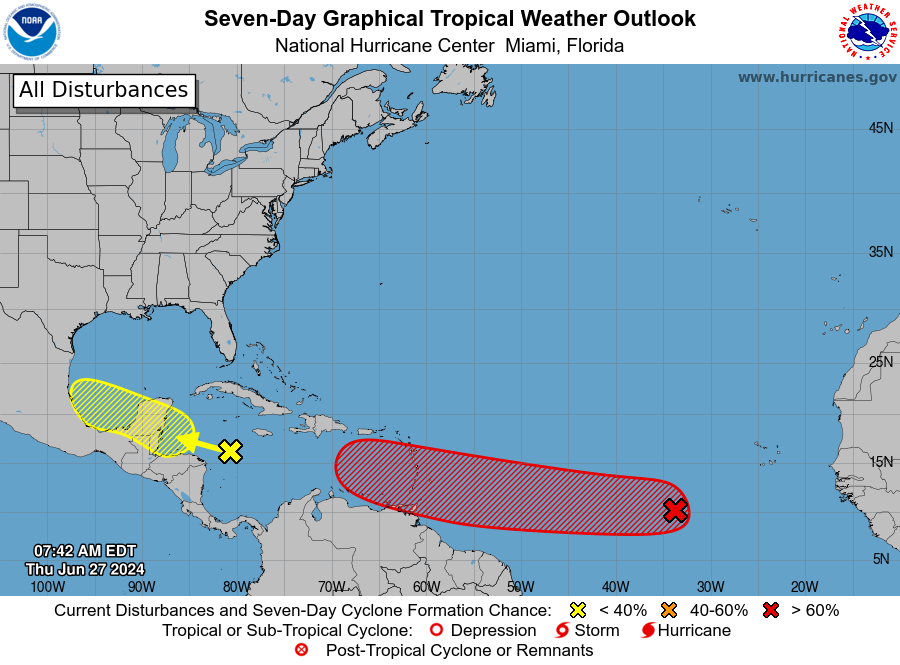
For the North Atlantic...Caribbean Sea and the Gulf of Mexico:

1. Western Caribbean/Southwestern Gulf of Mexico (AL94): A tropical wave over the western Caribbean Sea is producing widespread but disorganized shower and thunderstorm activity while it moves westward at around 20 mph. Some development of this system is possible over the northwestern Caribbean Sea or over the southwestern Gulf of Mexico during the next several days.
* Formation chance through 48 hours...low...10 percent.
* Formation chance through 7 days...low...30 percent.

2. Eastern Tropical Atlantic (AL95): A tropical wave located several hundred miles west-southwest of the Cabo Verde Islands continues to produce disorganized shower and thunderstorm activity. Environmental conditions are forecast to be conducive, and development of this system is anticipated. A tropical depression or tropical storm is likely to form this weekend several hundred miles east of the Windward Islands while the system moves westward at 15 to 20 mph.
* Formation chance through 48 hours...medium...40 percent.
* Formation chance through 7 days...high...70 percent.

Forecaster Pasch